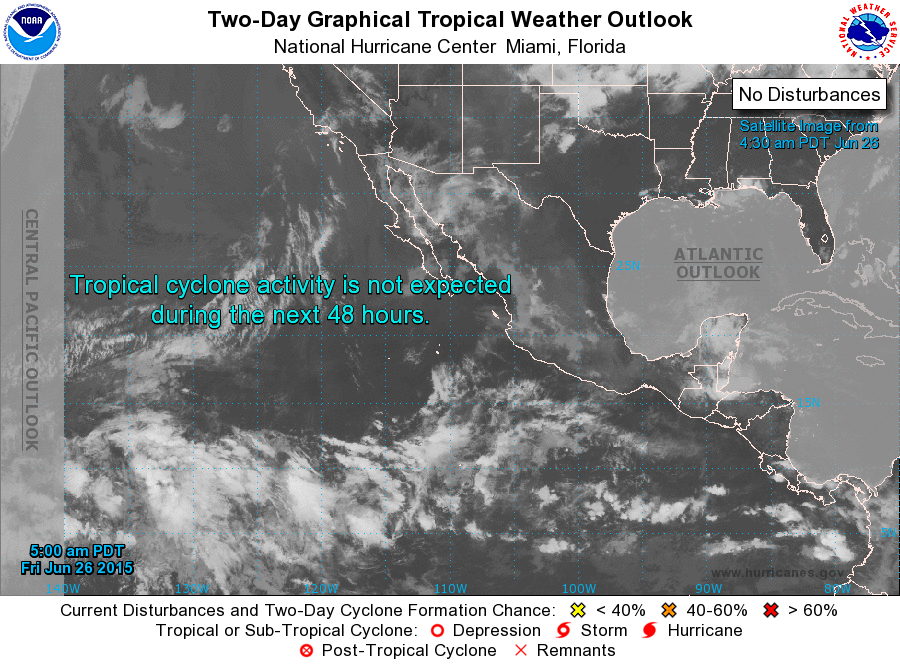
For the eastern North Pacific...east of 140 degrees west longitude:

Tropical cyclone formation is not expected during the next 5 days.

Forecaster Cangialosi